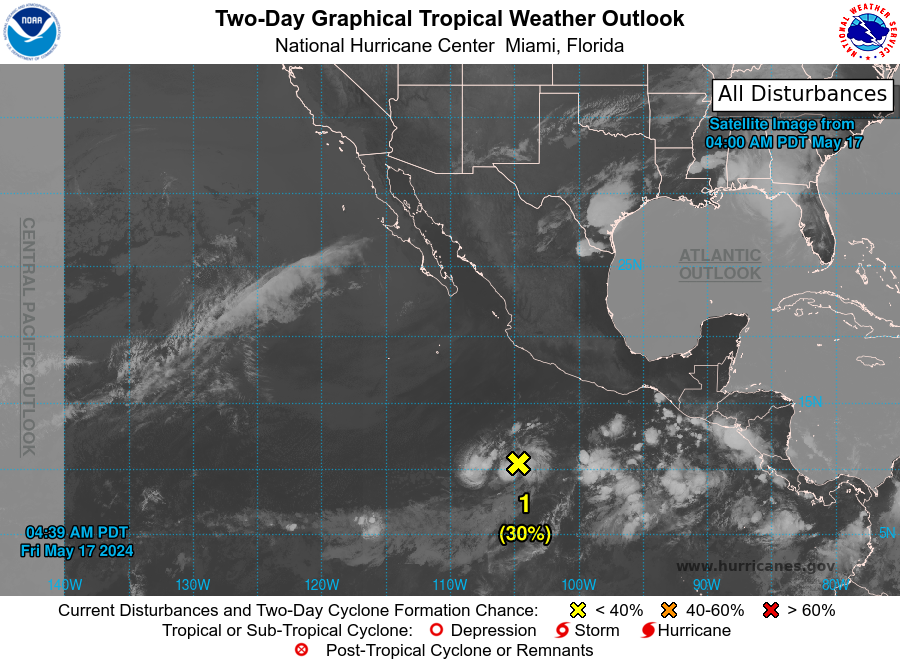
For the eastern North Pacific...east of 140 degrees west longitude:

1. South of the Coast of Southwestern Mexico: An area of low pressure located several hundred miles offshore of the coast of southwestern Mexico continues to produce some disorganized showers and thunderstorms. While environmental conditions appear only marginally favorable due to nearby dry air, some development of this system is possible during the next day or so as the low remains nearly stationary. By late this weekend, the low is forecast to interact or merge with another system to its east, and further development is not expected.
* Formation chance through 48 hours...low...30 percent.
* Formation chance through 7 days...low...30 percent.

2. South of the Coast of Southern Mexico: A broad area of low pressure could form several hundred miles to the south of southern Mexico during the next couple of days. Some slow development of this system is possible thereafter as it moves slowly to the west or west-northwest, remaining south of the coast of Mexico by the middle portion of next week.
* Formation chance through 48 hours...low...near 0 percent.
* Formation chance through 7 days...low...30 percent.

Forecaster Reinhart